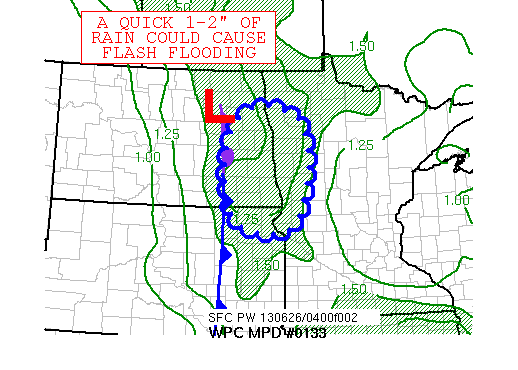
AREAS AFFECTED...SOUTHEAST ND...NORTHEAST SD...NORTHWEST MN

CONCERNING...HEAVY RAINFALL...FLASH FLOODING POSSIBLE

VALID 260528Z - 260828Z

SUMMARY...A CONVECTIVE LINE ALONG AN OCCLUDED FRONT IS MOVING INTO
A RECENTLY SATURATED AREA NEAR THE SD/MN BORDER.  FLASH FLOODING
IS POSSIBLE HERE.

DISCUSSION...AN OCCLUDED FRONT IS MARCHING EASTWARD ACROSS EASTERN
ND AT THIS TIME.  INFLOW AT THE 850 HPA LEVEL INTO THE REGION IS
25-30 KNOTS, PRECIPITABLE WATER VALUES OF 1.75-2 INCHES ARE SEEN
NEAR AND AHEAD OF THE FRONT, AND THE AREA IS QUITE DIVERGENT ALOFT
AHEAD OF A NEGATIVELY- TILTED SHORTWAVE.  WHILE CONVECTION HAS
BEEN PROGRESSIVE, AN AREA ALONG THE SD/MN BORDER RECEIVED HEAVY
RAINFALL BETWEEN 1-4Z, WHICH LIKELY DROPPED FLASH FLOOD GUIDANCE
CLOSER TO ONE INCH IN THREE HOURS.  DUE TO THIS, BELIEVE FLASH
FLOODING IS POSSIBLE WITH THE ADDITIONAL 1-2" OF RAIN EXPECTED IN
THIS REGION OVER THE NEXT FEW HOURS.